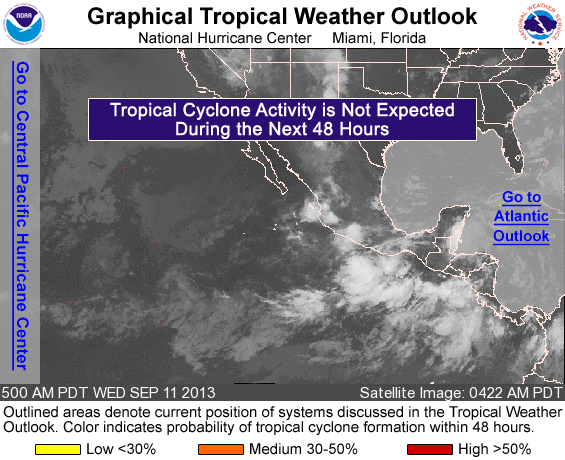
FOR THE EASTERN NORTH PACIFIC...EAST OF 140 DEGREES WEST LONGITUDE..

TROPICAL CYCLONE FORMATION IS NOT EXPECTED DURING THE NEXT 48 HOURS.

OTHER SYSTEMS WITH DEVELOPMENT POTENTIAL BEYOND 48 HOURS...

A BROAD AREA OF LOW PRESSURE COULD FORM SOUTH OF THE GULF OF TEHUANTEPEC IN A COUPLE OF DAYS. SOME GRADUAL DEVELOPMENT OF THIS SYSTEM IS POSSIBLE LATER IN THE WEEK IF IT REMAINS OFFSHORE OF THE SOUTHERN COAST OF MEXICO. THIS SYSTEM HAS A LOW CHANCE... NEAR 0 PERCENT...OF BECOMING A TROPICAL CYCLONE DURING THE NEXT 48 HOURS AND A LOW CHANCE...20 PERCENT...OF BECOMING A TROPICAL CYCLONE DURING THE NEXT 5 DAYS.

&&
FIVE-DAY FORMATION PROBABILITIES ARE EXPERIMENTAL IN 2013. COMMENTS ON THE EXPERIMENTAL FORECASTS CAN BE PROVIDED AT...

HTTP://WWW.NWS.NOAA.GOV/SURVEY/NWS-SURVEY.PHP?CODE=ETWO

FORECASTER AVILA